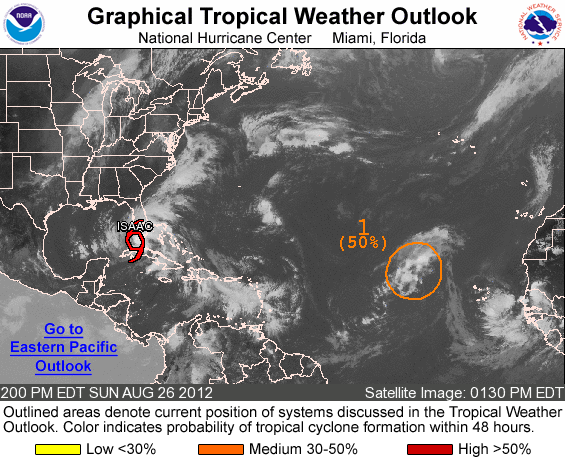
FOR THE NORTH ATLANTIC...CARIBBEAN SEA AND THE GULF OF MEXICO...

THE NATIONAL HURRICANE CENTER IS ISSUING ADVISORIES ON TROPICAL STORM ISAAC...LOCATED ABOUT 50 MILES SOUTH-SOUTHEAST OF KEY WEST.

1. SHOWERS AND THUNDERSTORMS REMAIN DISORGANIZED IN ASSOCIATION WITH A BROAD AREA OF LOW PRESSURE LOCATED ABOUT 750 MILES WEST OF THE CAPE VERDE ISLANDS. THIS SYSTEM HAS THE POTENTIAL TO BECOME A TROPICAL DEPRESSION OVER THE NEXT DAY OR TWO AS IT MOVES WEST-NORTHWESTWARD TO NORTHWESTWARD AT 10 TO 15 MPH. THIS SYSTEM HAS A MEDIUM CHANCE...50 PERCENT...OF BECOMING A TROPICAL CYCLONE DURING THE NEXT 48 HOURS.

ELSEWHERE...TROPICAL CYCLONE FORMATION IS NOT EXPECTED DURING THE NEXT 48 HOURS.

FORECASTER CANGIALOSI/ZELINISKY